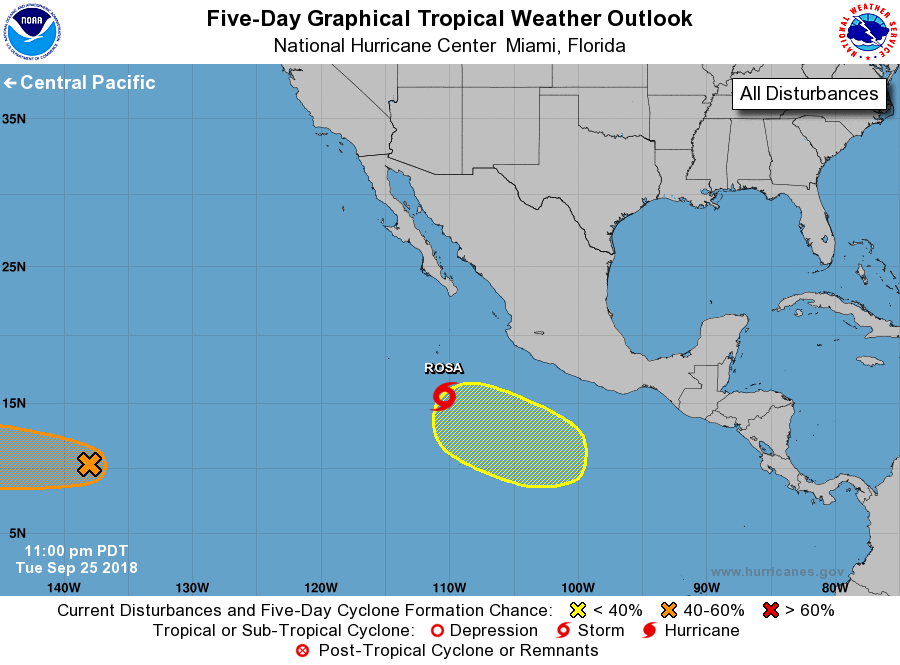
For the eastern North Pacific...east of 140 degrees west longitude:

The National Hurricane Center is issuing advisories on Tropical Storm Rosa, located about 450 miles southwest of Manzanillo, Mexico.

1. A trough of low pressure about 1300 miles east-southeast of Hilo, Hawaii, continues to produce disorganized showers and thunderstorms. Some gradual development of this system is possible during the next few days while it moves westward across the central Pacific. Future information on this system can be found in Tropical Weather Outlooks issued by the Central Pacific Hurricane Center in Honolulu, Hawaii.
* Formation chance through 48 hours...low...20 percent.
* Formation chance through 5 days...medium...50 percent.

2. An area of low pressure is expected to develop a few hundred miles south of the southern coast of Mexico in a couple of days. Some gradual development of this system is possible after that time while it moves westward to west-northwestward well offshore the coast of Mexico.
* Formation chance through 48 hours...low...near 0 percent.
* Formation chance through 5 days...low...20 percent.

Public Advisories on Tropical Storm Rosa are issued under WMO header WTPZ35 KNHC and under AWIPS header MIATCPEP5. Forecast/Advisories on Tropical Storm Rosa are issued under WMO header WTPZ25 KNHC and under AWIPS header MIATCMEP5.

Forecaster Cangialosi